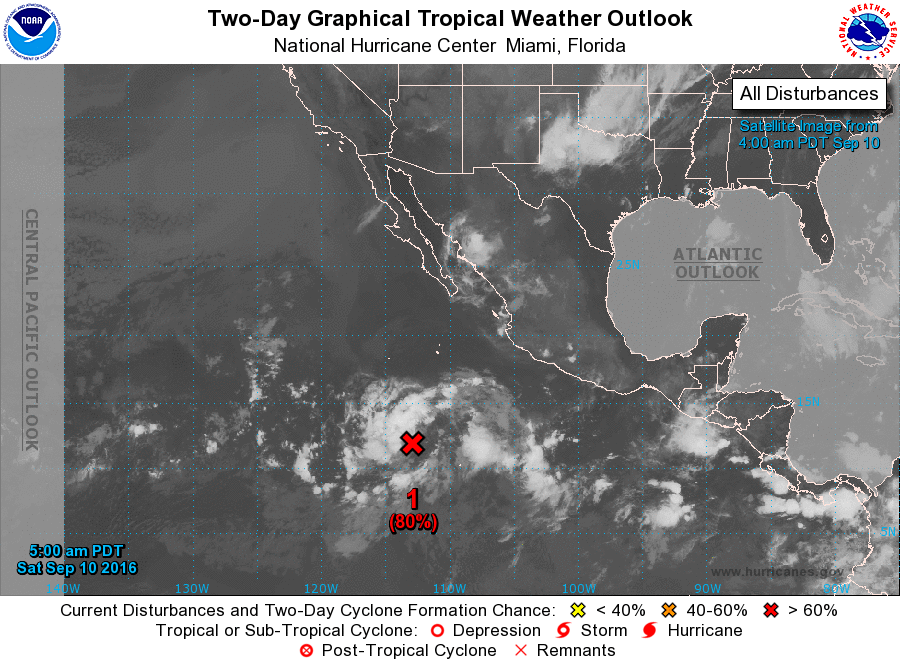
For the eastern North Pacific...east of 140 degrees west longitude:

1. Showers and thunderstorms associated with a low pressure area located about 800 miles south-southwest of the southern tip of the Baja California peninsula are gradually becoming better organized. Environmental conditions are conducive for additional development, and a tropical depression is expected to form during the next day or two while the low moves west-northwestward at 10 to 15 mph.
* Formation chance through 48 hours...high...80 percent
* Formation chance through 5 days...high...90 percent

Forecaster Berg